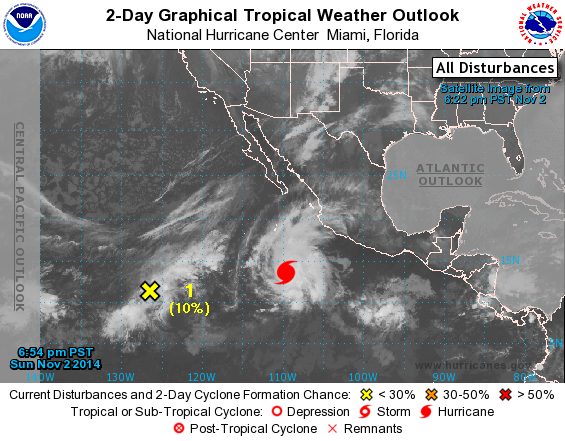
For the eastern North Pacific...east of 140 degrees west longitude:

The National Hurricane Center is issuing advisories on Hurricane Vance, located several hundred miles southwest of Manzanillo, Mexico.

1. Showers and thunderstorms associated with an area of low pressure located about 1350 miles southwest of the southern tip of the Baja California peninsula have changed little during the past several hours. This activity remains disorganized, and strong upper-level winds and dry air are expected to inhibit significant development of this system while it moves westward to west-southwestward at 5 to 10 mph during the next few days.
* Formation chance through 48 hours...low...10 percent.
* Formation chance through 5 days...low...10 percent.

Forecaster Stewart